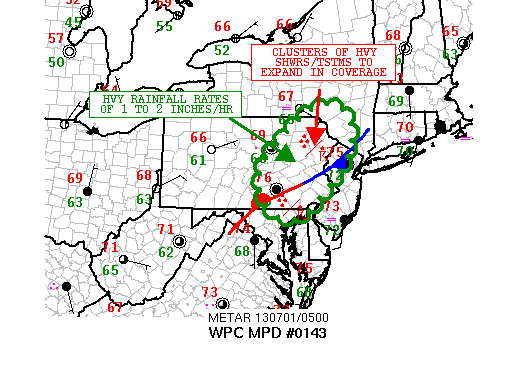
AREAS AFFECTED...EXTREME NERN MD...ERN PA...SERN NY AND NWRN NJ

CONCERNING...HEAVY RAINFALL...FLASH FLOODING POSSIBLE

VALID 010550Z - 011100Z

SUMMARY...CLUSTERS OF HEAVY SHOWERS AND THUNDERSTORMS ARE EXPECTED
TO INCREASE IN COVERAGE THE NEXT FEW HOURS. WET ANTECEDENT
CONDITIONS SHOULD FOSTER INCREASING SHORT-TERM FLASH FLOOD
CONCERNS.

DISCUSSION...A WEAK SHORTWAVE IMPULSE EMBEDDED WITHIN DEEP S/SWLY
FLOW ALONG THE EAST COAST IS SEEN LIFTING NNEWD OUT OF NC AND INTO
CNTRL/SRN VA ATTM. THIS ENERGY SHOULD LIFT STEADILY NNEWD
OVERNIGHT INTO THE CHEASAPEAKE BAY REGION WHILE TENDING TO HELP
CONCENTRATE AND ENHANCE THE BKN CLUSTERS OF CONVECTION SEEN
CURRENTLY OVER FAR NERN MD AND INTO SERN PA. THE LATEST RAP
ANALYSIS SHOWS A NOSE OF SBCAPE VALUES OVER 1000 J/KG OVER THE
CHESAPEAKE BAY AREA AND UP ACROSS NERN MD AND INTO FAR SERN PA.
THIS INSTABILITY AXIS COUPLED WITH LOCALIZED UPSLOPE
FLOW/OROGRAPHIC FORCING AND MODEST DEEP LYR ASCENT ASSOCD WITH THE
AFOREMENTIONED SHORTWAVE SHOULD SUPPORT THE ACTIVITY. POTENTIAL
EXISTS FOR THE BKN CLUSTERS TO ATTAIN SOME BETTER ORGANIZATION
FARTHER NORTH ACROSS ERN AND NERN PA OVER THE NEXT FEW HOURS WITH
THE AID OF EVEN STRONGER OROGRAPHICS AND PRESENCE OF A WEAK
FRONTAL ZONE.

VERY WET ANTECEDENT CONDITIONS OVER MUCH OF ERN PA...SERN NY AND
EXTREME NWRN NJ...COUPLED WITH RAINFALL RATES OF 1 TO 2 INCH/HR
WITH THE DEVELOPING ACTIVITY WILL FOSTER AT LEAST SOME SHORT-TERM
FLASH FLOOD CONCERNS...ESPECIALLY OVER AREAS OF HIGHER TERRAIN.